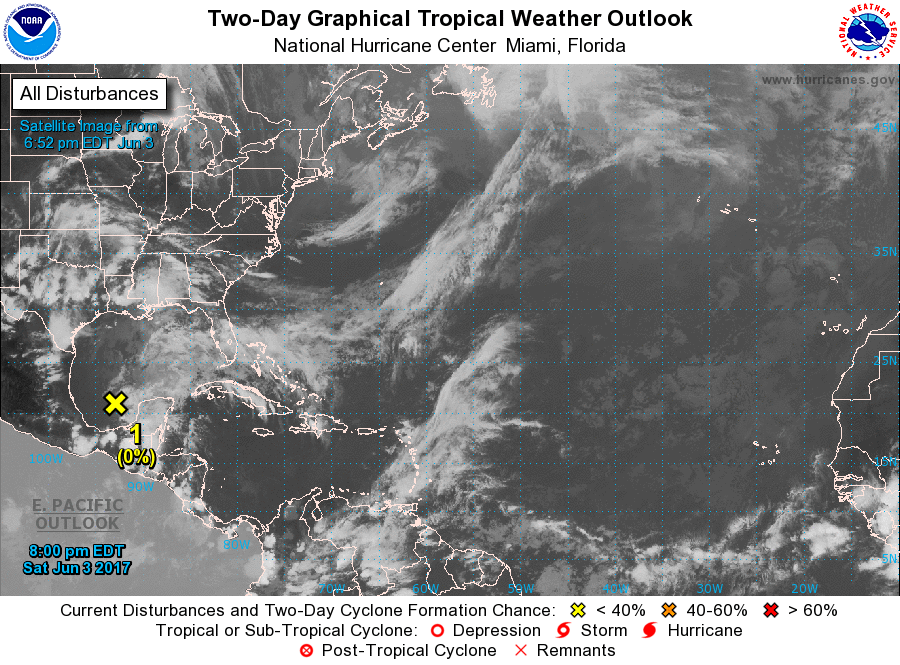
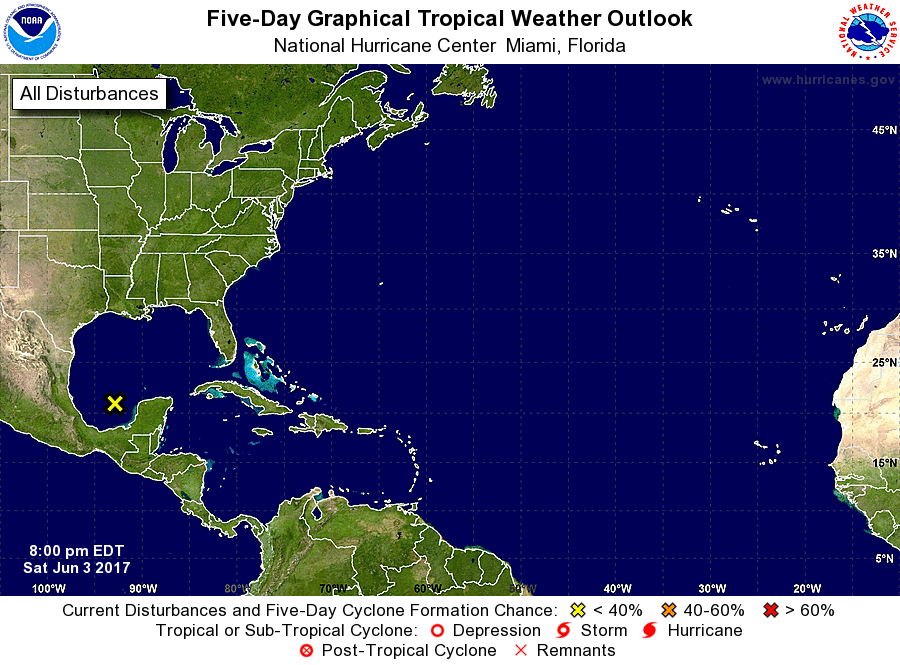
For the North Atlantic...Caribbean Sea and the Gulf of Mexico:

1. A weak low pressure area, associated with the remnants of eastern Pacific Tropical Storm Beatriz, is located over the Bay of Campeche. The associated shower activity has diminished since earlier today, and development of this system is not expected due to strong upper-level winds.
* Formation chance through 48 hours...low...near 0 percent.
* Formation chance through 5 days...low...near 0 percent.

Forecaster Pasch